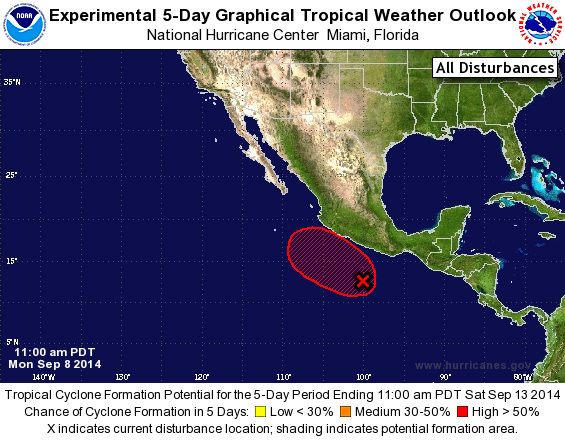
For the eastern North Pacific...east of 140 degrees west longitude:

1. An area of low pressure located a few hundred miles south of Acapulco, Mexico has become better defined today. Environmental conditions are expected to be conducive for development, and this system is likely to become a tropical depression during the next few days while it moves slowly northwestward.
* Formation chance through 48 hours...medium...50 percent.
* Formation chance through 5 days...high...80 percent.

Forecaster Cangialosi